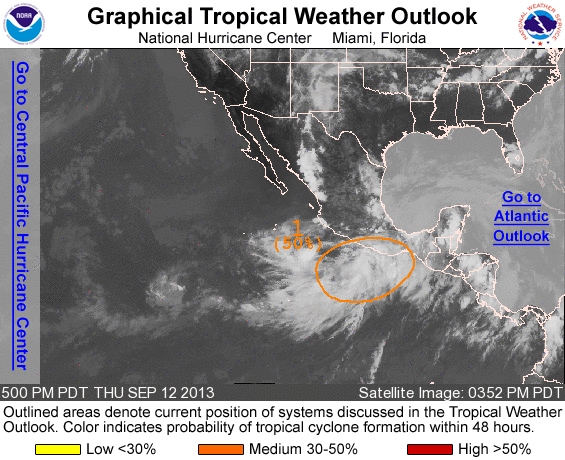
FOR THE EASTERN NORTH PACIFIC...EAST OF 140 DEGREES WEST LONGITUDE..

1. SHOWERS AND THUNDERSTORMS ACCOMPANYING A BROAD AREA OF LOW PRESSURE LOCATED JUST SOUTH OF ACAPULCO MEXICO HAVE BECOME MORE ORGANIZED THIS AFTERNOON. ENVIRONMENTAL CONDITIONS APPEAR CONDUCIVE FOR FURTHER DEVELOPMENT DURING THE NEXT COUPLE OF DAYS AS THE SYSTEM MOVES SLOWLY TOWARD THE NORTHWEST OR NORTH. THIS SYSTEM HAS A MEDIUM CHANCE...50 PERCENT...OF BECOMING A TROPICAL CYCLONE DURING THE NEXT 48 HOURS...AND A HIGH CHANCE...60 PERCENT...OF BECOMING A TROPICAL CYCLONE DURING THE NEXT 5 DAYS. REGARDLESS OF DEVELOPMENT...THIS SYSTEM...IN COMBINATION WITH TROPICAL DEPRESSION TEN IN THE BAY OF CAMPECHE...COULD BRING HEAVY RAINS TO PORTIONS OF SOUTHERN AND EASTERN MEXICO FOR THE NEXT SEVERAL DAYS. THESE RAINS COULD CAUSE LIFE-THREATENING FLASH FLOODS AND MUD SLIDES.

FIVE-DAY FORMATION PROBABILITIES ARE EXPERIMENTAL IN 2013. COMMENTS ON THE EXPERIMENTAL FORECASTS CAN BE PROVIDED AT...

HTTP://WWW.NWS.NOAA.GOV/SURVEY/NWS-SURVEY.PHP?CODE=ETWO

FORECASTER LANDSEA